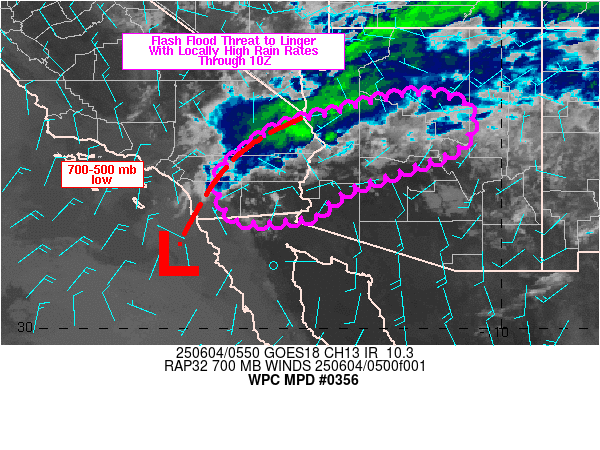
Areas affected...southern/desert CA into western AZ

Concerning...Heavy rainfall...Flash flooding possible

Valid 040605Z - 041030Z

Summary...Localized high rainfall rates may continue to produce a
few areas of flash flooding from the desert regions of southern CA
into portions of western AZ through 10Z. Peak rainfall rates of
0.5 to 1.0 inches in 15-30 minutes will be possible.

Discussion...Regional radar imagery and GOES West infrared
satellite imagery through 0545Z showed scattered thunderstorms
continued from the desert regions of southern CA into the
southwestern edge of the Colorado Plateau through western AZ.
While cloud tops were warming overall, some new cell development
was noted near an outflow boundary pressing south through
southeastern San Bernardino and eastern Riverside counties along
with a few new cells showing up in Imperial County. Meanwhile in
AZ, showers/thunderstorms have been slowly edging south atop a
southward sagging outflow boundary which extended from northern
Gila County, westward into La Paz County. Many of these cells in
AZ have lost their vigor, but locally heavy rain continued in a
couple of spots. Although instability was lowering, SPC
mesoanalysis data showed these cells were occurring within 500 to
1000 J/kg MLCAPE and anomalous PWs of 1 to 1.5 inches.

A 700-500 mb upper low was centered just west of the northern Baja
Peninsula and is forecast to slowly track eastward along with a
northward extending trough. At least an isolated flash flood
threat will remain with development along outflow, and while cells
should be short-lived, there will be potential for peak rainfall
rates of 0.5 to 1 inch in 15-30 minutes. Despite nocturnal cooling
of the boundary layer, steep low to mid-level lapse rates will
continue to support weak CAPE values overnight and increasing low
level moisture with some return low level flow from the northern
Gulf of California...out ahead of the 700-500 mb low...may support
localized increases in CAPE over the next few hours, especially
across portions of western AZ. Therefore, for the next 4-5 hours,
a localized flash flood threat is expected to continue for
portions of southeastern CA into western AZ.